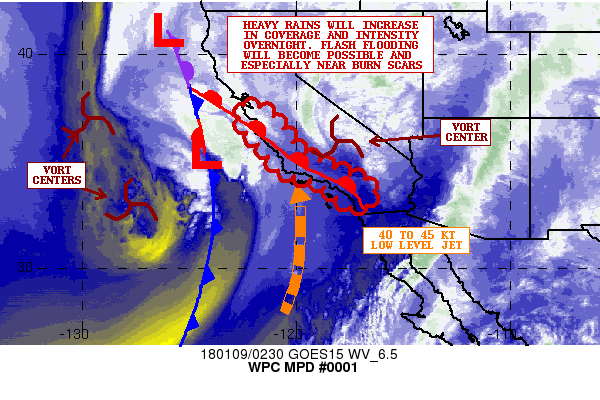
AREAS AFFECTED...CENTRAL AND SOUTHERN CA COASTAL RANGES

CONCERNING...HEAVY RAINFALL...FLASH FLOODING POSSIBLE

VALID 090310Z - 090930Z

SUMMARY...HEAVY RAINS WILL BECOME MORE WIDESPREAD OVERNIGHT WITH
INCREASING CONCERNS FOR ENHANCED RUNOFF AND POSSIBLE FLASH
FLOODING. BURN SCAR AREAS GENERATED FROM RECENT WILDFIRE ACTIVITY
WILL BE PARTICULARLY SUSCEPTIBLE.

DISCUSSION...GOES-16 1-MINUTE WV IMAGERY SUITE SHOWS IMPRESSIVE
NORTHERN STREAM HEIGHT FALLS ADVANCING SOUTH DOWN OFFSHORE
SOUTHERN CA AS MULTIPLE SHORTWAVE IMPULSES DIGGING DOWN THE WEST
SIDE OF THE AMPLIFYING TROUGH DIG TOWARD THE BASE OF IT. GOES-16
RGB AIRMASS IMAGERY ALSO SHOWS A VERY IMPRESSIVE PV ANOMALY
SIGNATURE ORIENTED NNW/SSE WITH AN ANOMALY CORE CENTERED NEAR
33.0N 127.7W. THIS STRONG VORT CENTER IS SEEN MOVING EAST AND WITH
ADDITIONAL ENERGY DIGGING INTO THE BASE OF THE TROUGH...A
WELL-DEFINED CLOSED MID LEVEL LOW CENTER WILL EVOLVE LATER THIS
EVENING OFFSHORE SOUTHERN CA.

VERY STRONG FORCING ALOFT WITH ENHANCED UPPER LEVEL DIVERGENCE
AROUND THE EASTERN FLANK OF THIS MID LEVEL LOW WILL OVERSPREAD
SOUTHERN CA THIS EVENING AND OVERNIGHT...AND WILL COUPLE WITH AN
ANOMALOUS NORTHEASTWARD TRANSPORT OF SUBTROPICAL MOISTURE WEST OF
THE BAJA PENINSULA FOR RATHER WIDESPREAD HEAVY RAINFALL AND
ENHANCED RAINFALL RATES.

MOISTURE FLUX ANOMALIES IN THE 850/700MB LAYER ARE FORECAST TO
INCREASE TO NEAR 5 SIGMAS ABOVE NORMAL BY 06Z ACROSS THE
TRANSVERSE RANGES OF SOUTHERN CA. THIS WILL BE AIDED BY A
SOUTHWEST LOW LEVEL JET OF 40 TO 45 KTS WHICH WILL BE ORIENTED
ORTHOGONAL TO THE COASTAL TERRAIN...AND WILL ALSO BE FACILITATING
PRECIPITABLE WATER VALUES OF NEAR 1.1 TO 1.25 INCHES WHICH IS
ABOUT 3 SIGMAS ABOVE NORMAL FOR THIS TIME OF YEAR.

THIS WILL FAVOR RELATIVELY EFFICIENT RAINFALL PROCESSES WHICH WILL
TEND TO ENHANCE THE RAINFALL RATES. HOWEVER...THE ORTHOGONAL
NATURE OF THE LOW TO MID LEVEL WINDS RELATIVE TO THE COASTAL
RANGES AHEAD OF THE OFFSHORE CLOSED LOW WILL FAVOR STRONG
OROGRAPHIC ASCENT FOR NOTABLY HEAVIER RAINFALL RATES LATER TONIGHT.

THE LAST COUPLE OF AVAILABLE AMSU PASSES SHOWED OFFSHORE RAINFALL
RATES EXCEEDING A 0.50 INCH/HR IN SEVERAL LOCATIONS...AND THESE
HEAVIER RATES SHOULD BEGIN TO ARRIVE IN EARNEST ACROSS THE CENTRAL
AND SOUTHERN CA COASTAL RANGES BETWEEN 06Z AND 09Z.

ALREADY THE 12Z ARW/NMMB SOLUTIONS AND TO AN EXTENT THE HRRR
GUIDANCE HAS BEEN GENERALLY SLOW TO HANDLE THE INITIAL ARRIVAL OF
MODERATE TO HEAVY RAIN THIS AFTERNOON ASSOCIATED WITH THE ARRIVAL
OF SOUTHERN STREAM SHORTWAVE ENERGY WEST OF THE BAJA PENINSULA.
THE LATEST GOES-16 IR/WV AND RGB IMAGERY CLEARLY DEPICTS THIS
ENERGY AND A VORT CIRCULATION ADVANCING RAPIDLY INLAND OVER
INTERIOR SOUTHERN CA.

THE INITIAL WAVE OF HEAVIER RAINS HAVE HELPED TO PRIME THE SOIL
CONDITIONS FOR THIS NEXT SURGE OF HEAVY RAIN AND ALREADY PARTS OF
SANTA BARBARA...VENTURA AND LOS ANGELES COUNTIES HAVE SEEN OVER 1
INCH OF NEW RAIN.

MOVING THROUGH ABOUT 09Z...EXPECT ADDITIONAL RAINFALL TOTALS OF AS
MUCH AS 1.5 INCHES FOR THE CENTRAL AND SOUTHERN CA COASTAL
RANGES...WITH ISOLATED HEAVIER TOTALS OVER THE TRANSVERSE RANGES
GIVEN BETTER OROGRAPHIC FORCING HERE.

THESE AMOUNTS IN CONJUNCTION WITH THE EARLIER RAINFALL WILL BEGIN
TO CAUSE CONCERN FOR ENHANCED RUNOFF AND POSSIBLE FLASH FLOODING
WITH THE DOMINANT CONCERN NOTED AROUND AREAS WHERE RECENT WILDFIRE
ACTIVITY HAS GENERATED BURN SCARS. PERHAPS ONE OF THE MORE
SUSCEPTIBLE AREAS WILL BE THE TERRAIN INVOLVING THE LARGE THOMAS
BURN SCAR. THE THREAT OF DEBRIS FLOWS AND MUDSLIDES WILL BECOME
ELEVATED...AND WITH ADDITIONAL HEAVY RAIN EXPECTED INTO TUESDAY
MORNING...THIS THREAT WILL ONLY GROW FURTHER. EXPECT ADDITIONAL
MPDS TO UPDATE THIS CONCERN AS THIS EVENT CONTINUES TO EVOLVE.